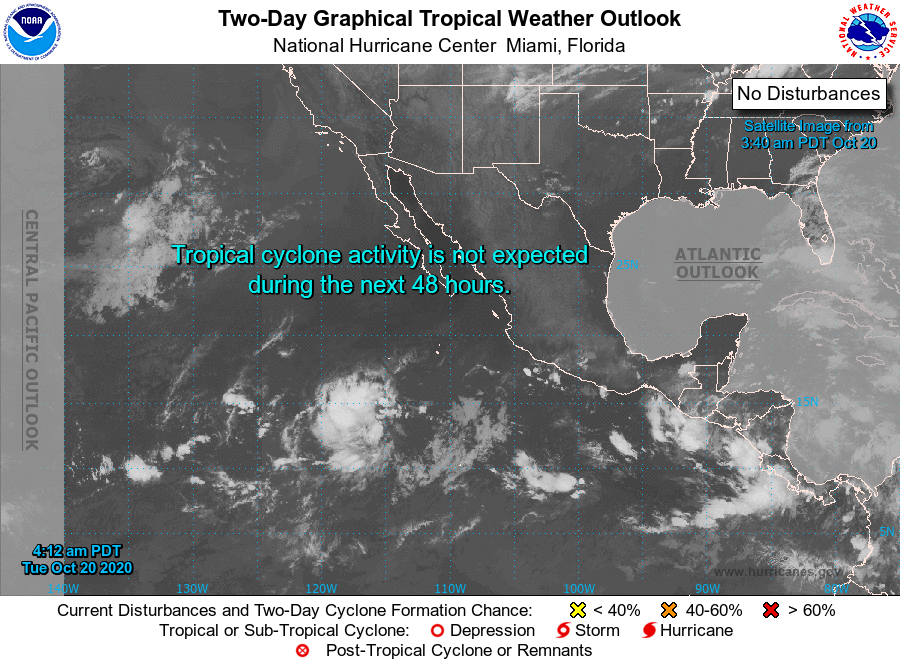
For the eastern North Pacific...east of 140 degrees west longitude:

Tropical cyclone formation is not expected during the next 5 days.

Forecaster Brown